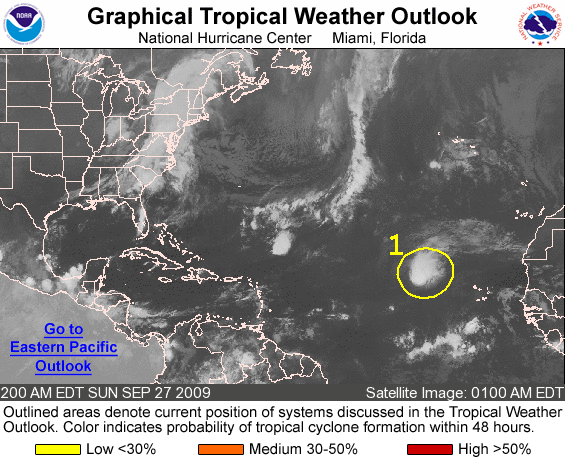
FOR THE NORTH ATLANTIC...CARIBBEAN SEA AND THE GULF OF MEXICO...

1. CLOUDINESS AND SHOWERS ASSOCIATED WITH THE REMNANTS OF TROPICAL DEPRESSION EIGHTH ARE CENTERED ABOUT 650 MILES WEST-NORTHWEST OF THE NORTHERNMOST CAPE VERDE ISLANDS. UPPER-LEVEL WINDS ARE NOT CONDUCIVE FOR REGENERATION. THERE IS A LOW CHANCE...LESS THAN 30 PERCENT...OF THIS SYSTEM BECOMING A TROPICAL CYCLONE DURING THE NEXT 48 HOURS.

ELSEWHERE...TROPICAL CYCLONE FORMATION IS NOT EXPECTED DURING THE NEXT 48 HOURS.

FORECASTER AVILA